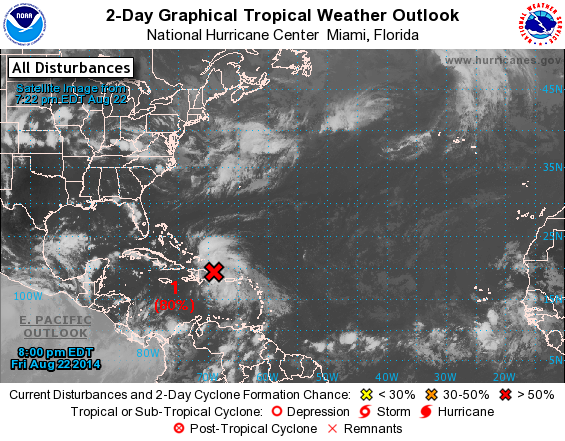
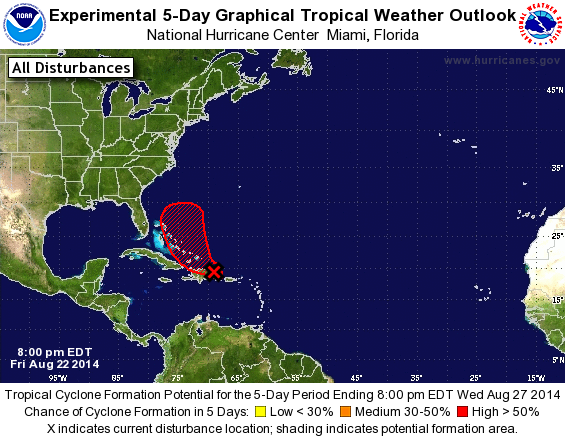
For the North Atlantic...Caribbean Sea and the Gulf of Mexico:

1. An Air Force Reserve Hurricane Hunter aircraft investigating the area of disturbed weather near Puerto Rico and Hispaniola reported winds of tropical storm force over the open waters north of those islands. However, the aircraft data and surface observations indicate that the system still lacks a well-defined surface circulation. Another Air Force Reserve Hurricane Hunter aircraft is scheduled to investigate the system on Saturday morning, if necessary.

Showers and thunderstorms associated with the system are gradaully becoming better organized, but the proximity of the system to Hispaniola could limit development tonight. Conditions are expected to become more conducive for development when the disturbance moves near or over the southeastern Bahamas on Saturday. Gusty winds and heavy rains are expected across Puerto Rico and the Virgin Islands tonight, and over portions of Hispaniola and the southeastern and central Bahamas tonight and Saturday. These heavy rains could cause life-threatening flash floods and mudslides, especially in the mountainous areas of Hispaniola and Puerto Rico. Interests in the southeastern and central Bahamas should monitor the progress of this disturbance, since tropical storm watches or warnings could be required with little advance notice.
* Formation chance through 48 hours...high...80 percent.
* Formation chance through 5 days...high...90 percent.

Forecaster Beven